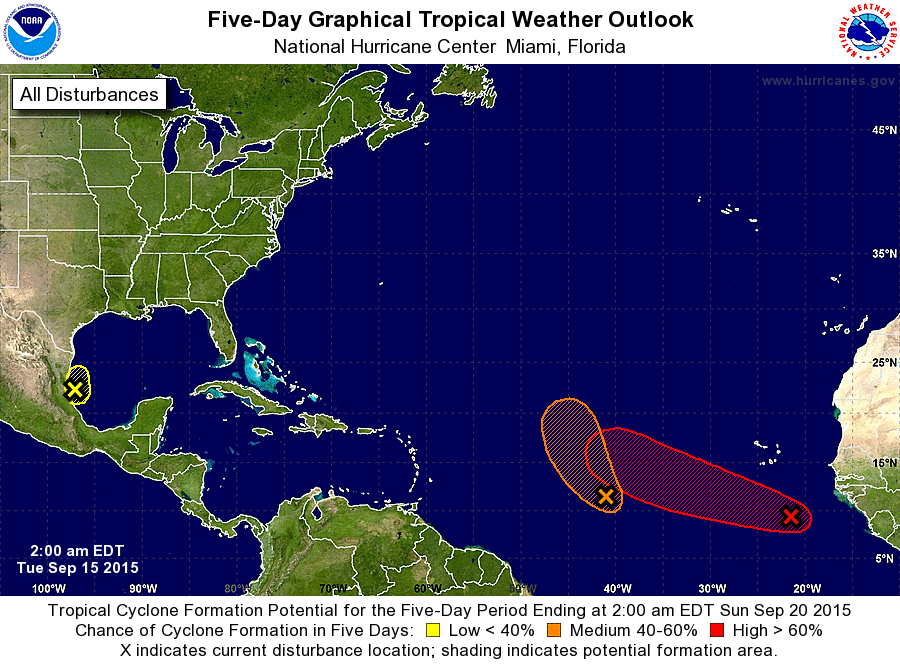
For the North Atlantic...Caribbean Sea and the Gulf of Mexico:

1. A low pressure area located about midway between the Cape Verde Islands and the Lesser Antilles continues to produce a limited amount of shower activity. Some development of this low is still possible during the next couple of days while it moves generally northwestward. After that time, however, upper-level winds are expected to become unfavorable for development.
* Formation chance through 48 hours...medium...60 percent
* Formation chance through 5 days...medium...60 percent

2. An area of low pressure located over the southwestern Gulf of Mexico just east of Tampico, Mexico, is producing widespread cloudiness and disorganized shower activity. Significant development of this system is unlikely before it moves inland over Mexico later today. Regardless of development, this system could produce locally heavy rain over portions of eastern Mexico during the next couple of days.
* Formation chance through 48 hours...low...10 percent
* Formation chance through 5 days...low...10 percent

3. A tropical wave accompanied by a broad low pressure system is located about 400 miles south-southeast of the southernmost Cape Verde Islands. Shower and thunderstorm activity continues to show signs of organization, and environmental conditions are expected to be conducive for the formation of a tropical depression over the next few days while the system moves west-northwestward at 10 to 15 mph.
* Formation chance through 48 hours...medium...40 percent
* Formation chance through 5 days...high...70 percent

Forecaster Cangialosi